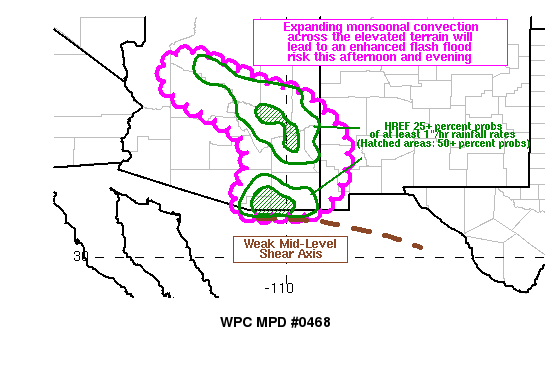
AREAS AFFECTED......CENTRAL AND SOUTHERN ARIZONA...FAR SOUTHWEST
NEW MEXICO...

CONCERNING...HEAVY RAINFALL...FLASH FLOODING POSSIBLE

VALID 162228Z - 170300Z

SUMMARY...Monsoonal convection will continue to expand and lead to
a flash flood threat across the higher terrain this afternoon into
mid evening.

DISCUSSION...Although largely devoid of the shortwave energy that
was present over the weekend, showers and thunderstorms were
nevertheless becoming more numerous early this afternoon across
areas where the coupling of orographics (upslope flow) and
thermodynamic environment (deep layer moisture and instability)
are most favorable. MUCAPES of 1500-2500+ j/kg along with PWAT
values of 1.25-1.75" were present within the MPD area, and
although the weak deep-layer shear profile will once again favor
short duration, pulse-type convection with a significantly limited
risk for cell training, rainfall rates of 1 to 1.5 inches within
an hour will nonetheless pose a localized flash flood threat
through 0300Z -- especially over burn scars and/or areas that had
more recently received heavy rainfall.